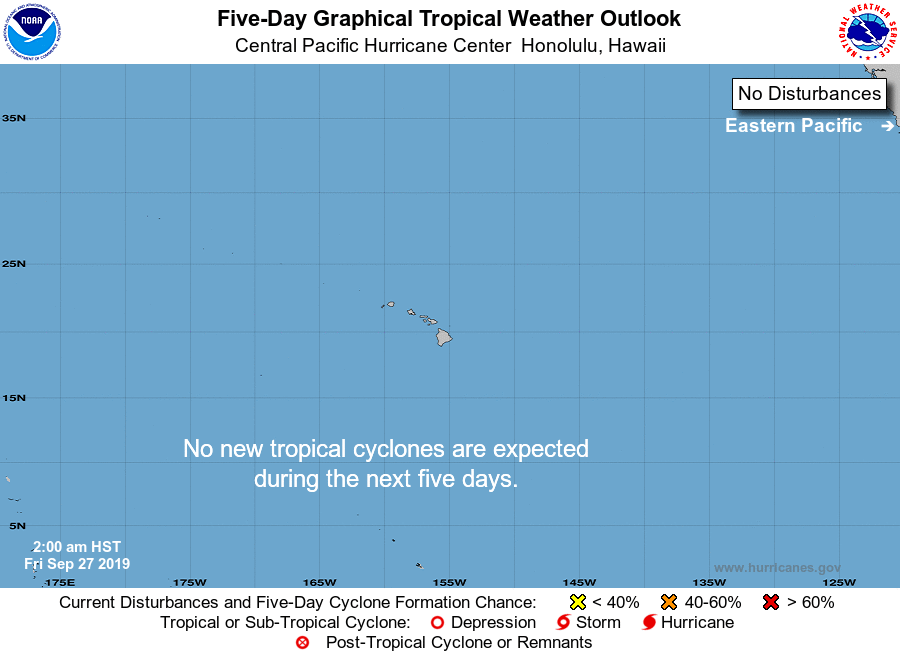
For the central North Pacific...between 140W and 180W:

No tropical cyclones are expected through the next 5 days.

Forecaster Wroe